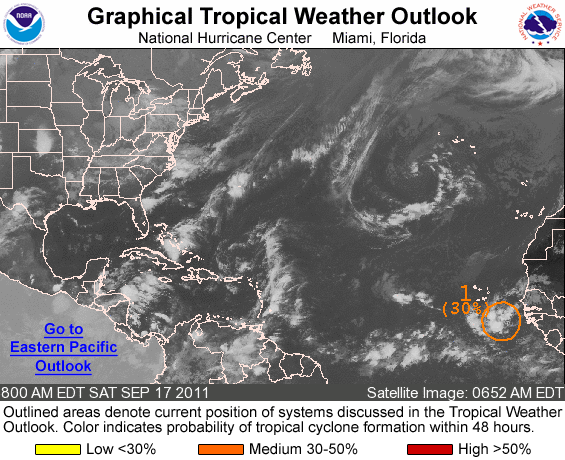
FOR THE NORTH ATLANTIC...CARIBBEAN SEA AND THE GULF OF MEXICO...

1. A BROAD LOW PRESSURE SYSTEM LOCATED ABOUT 400 MILES SOUTHEAST OF THE SOUTHERN CAPE VERDE ISLANDS IS PRODUCING DISORGANIZED SHOWERS AND THUNDERSTORMS. SOME SLOW DEVELOPMENT OF THIS LOW IS POSSIBLE DURING THE NEXT COUPLE OF DAYS AS IT MOVES WESTWARD AT 10 TO 15 MPH. THIS SYSTEM HAS A MEDIUM CHANCE...30 PERCENT...OF BECOMING A TROPICAL CYCLONE DURING THE NEXT 48 HOURS.

ELSEWHERE...TROPICAL CYCLONE FORMATION IS NOT EXPECTED DURING THE NEXT 48 HOURS.

FORECASTER CANGIALOSI